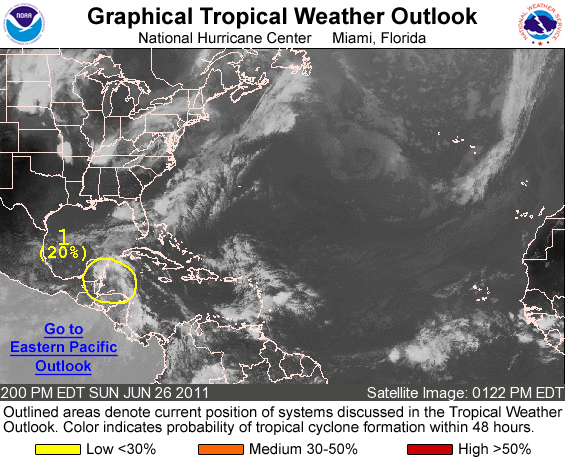
FOR THE NORTH ATLANTIC...CARIBBEAN SEA AND THE GULF OF MEXICO...

1. A TROPICAL WAVE IS PRODUCING A LARGE AREA OF DISORGANIZED CLOUDINESS AND SHOWERS OVER PORTIONS OF CENTRAL AMERICA...THE YUCATAN PENINSULA...AND THE NORTHWESTERN CARIBBEAN SEA. LITTLE...IF ANY... DEVELOPMENT IS EXPECTED AS THE WAVE CONTINUES TO MOVE ACROSS THE YUCATAN PENINSULA AND CENTRAL AMERICA TODAY AND TONIGHT. HOWEVER...THIS SYSTEM IS FORECAST TO EMERGE OVER THE BAY OF CAMPECHE ON MONDAY WHERE UPPER-LEVEL WINDS ARE EXPECTED TO BECOME SOMEWHAT MORE CONDUCIVE FOR DEVELOPMENT. THERE IS A LOW CHANCE...20 PERCENT...OF THIS SYSTEM BECOMING A TROPICAL CYCLONE DURING THE NEXT 48 HOURS. REGARDLESS OF DEVELOPMENT...THIS DISTURBANCE IS LIKELY TO BRING LOCALLY HEAVY RAINS AND GUSTY WINDS TO PORTIONS OF EASTERN MEXICO AND CENTRAL AMERICA DURING THE NEXT DAY OR TWO AS IT MOVES WEST-NORTHWESTWARD AT 10 TO 15 MPH.

ELSEWHERE...TROPICAL CYCLONE FORMATION IS NOT EXPECTED DURING THE NEXT 48 HOURS.

FORECASTER PASCH/LANDSEA